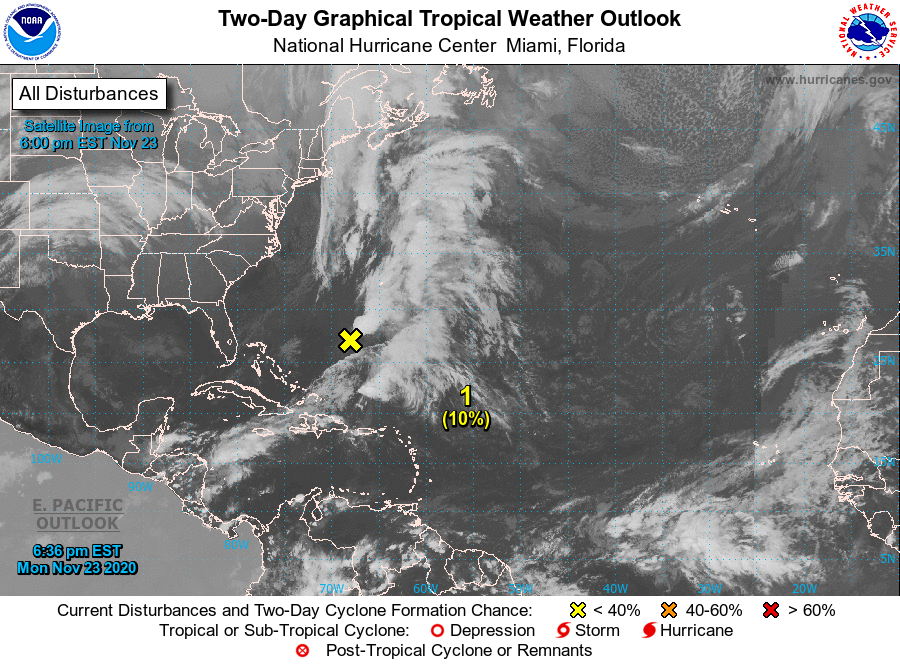
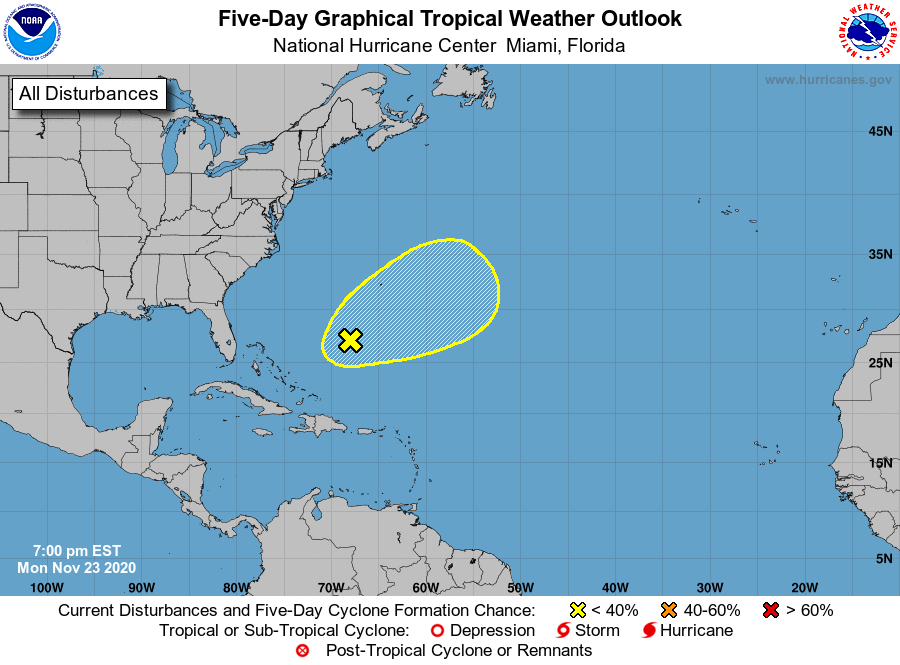
For the North Atlantic...Caribbean Sea and the Gulf of Mexico:

1. A broad area of low pressure located a few hundred miles northeast of the central Bahamas continues to produce disorganized showers and thunderstorms, primarily to the northeast of its center. Strong upper-level winds are expected to limit additional development of the system before the low merges with a cold front on Tuesday. Later in the week, the system could become separated from the front and it might develop some subtropical characteristics while it meanders over the central Atlantic.
* Formation chance through 48 hours...low...10 percent.
* Formation chance through 5 days...low...20 percent.

Forecaster Papin/Stewart